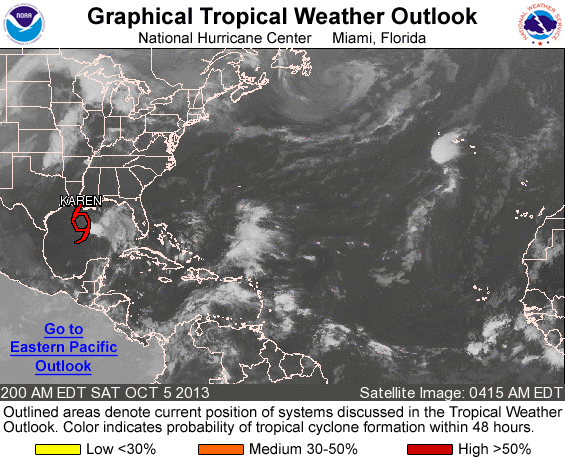
FOR THE NORTH ATLANTIC...CARIBBEAN SEA AND THE GULF OF MEXICO...

THE NATIONAL HURRICANE CENTER IS ISSUING ADVISORIES ON TROPICAL STORM KAREN...LOCATED OVER THE CENTRAL GULF OF MEXICO.

OTHER SYSTEMS WITH FORMATION POTENTIAL BEYOND 48 HOURS...

AN AREA OF LOW PRESSURE COULD FORM OVER THE FAR EASTERN ATLANTIC OCEAN DURING THE NEXT COUPLE OF DAYS. SOME SLOW DEVELOPMENT OF THIS SYSTEM IS POSSIBLE WHILE IT MOVES WEST-NORTHWESTWARD AT 10 TO 15 MPH. THIS SYSTEM HAS A LOW CHANCE...NEAR 0 PERCENT...OF BECOMING A TROPICAL CYCLONE DURING THE NEXT 48 HOURS...AND A LOW CHANCE...20 PERCENT...OF BECOMING A TROPICAL CYCLONE DURING THE NEXT 5 DAYS.

&&
FIVE-DAY FORMATION PROBABILITIES ARE EXPERIMENTAL IN 2013. COMMENTS ON THE EXPERIMENTAL FORECASTS CAN BE PROVIDED AT...

HTTP://WWW.NWS.NOAA.GOV/SURVEY/NWS-SURVEY.PHP?CODE=ETWO

FORECASTER CANGIALOSI